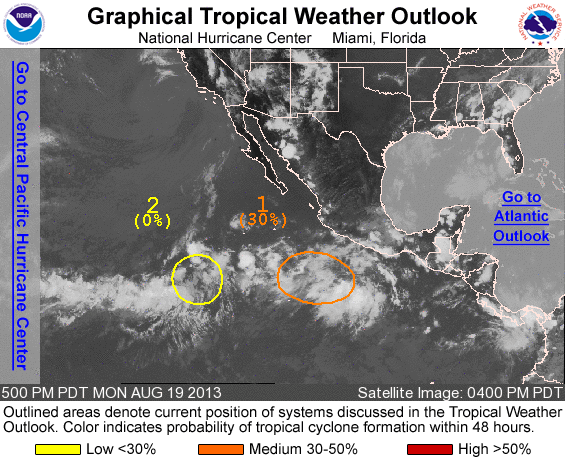
FOR THE EASTERN NORTH PACIFIC...EAST OF 140 DEGREES WEST LONGITUDE..

1. A BROAD AREA OF LOW PRESSURE LOCATED SEVERAL HUNDRED MILES SOUTH OF MANZANILLO MEXICO IS PRODUCING A LARGE AREA OF DISORGANIZED CLOUDINESS AND THUNDERSTORMS. ENVIRONMENTAL CONDITIONS APPEAR TO BE CONDUCIVE FOR GRADUAL DEVELOPMENT OF THIS SYSTEM...AND A TROPICAL DEPRESSION COULD FORM AROUND MIDWEEK. THIS SYSTEM HAS A MEDIUM CHANCE...30 PERCENT...OF BECOMING A TROPICAL CYCLONE DURING THE NEXT 48 HOURS...AND A HIGH CHANCE...80 PERCENT...OF BECOMING A TROPICAL CYCLONE DURING THE NEXT FIVE DAYS WHILE IT MOVES NORTHWESTWARD AND THEN NORTH-NORTHWESTWARD.

2. AN AREA OF DISTURBED WEATHER IS LOCATED ABOUT 900 MILES SOUTHWEST OF THE SOUTHERN TIP OF THE BAJA CALIFORNIA PENINSULA. ALTHOUGH LITTLE OR NO DEVELOPMENT OF THIS SYSTEM IS EXPECTED OVER THE NEXT COUPLE OF DAYS...SOME SLOW DEVELOPMENT IS POSSIBLE LATER IN THE WEEK. THIS SYSTEM HAS A LOW CHANCE...NEAR 0 PERCENT...OF BECOMING A TROPICAL CYCLONE DURING THE NEXT 48 HOURS...AND A LOW CHANCE...20 PERCENT...OF BECOMING A TROPICAL CYCLONE DURING THE NEXT 5 DAYS WHILE IT REMAINS NEARLY STATIONARY OR MOVES SLOWLY NORTHWARD.

FIVE-DAY FORMATION PROBABILITIES ARE EXPERIMENTAL IN 2013. COMMENTS ON THE EXPERIMENTAL FORECASTS CAN BE PROVIDED AT...

HTTP://WWW.NWS.NOAA.GOV/SURVEY/NWS-SURVEY.PHP?CODE=ETWO

FORECASTER BROWN